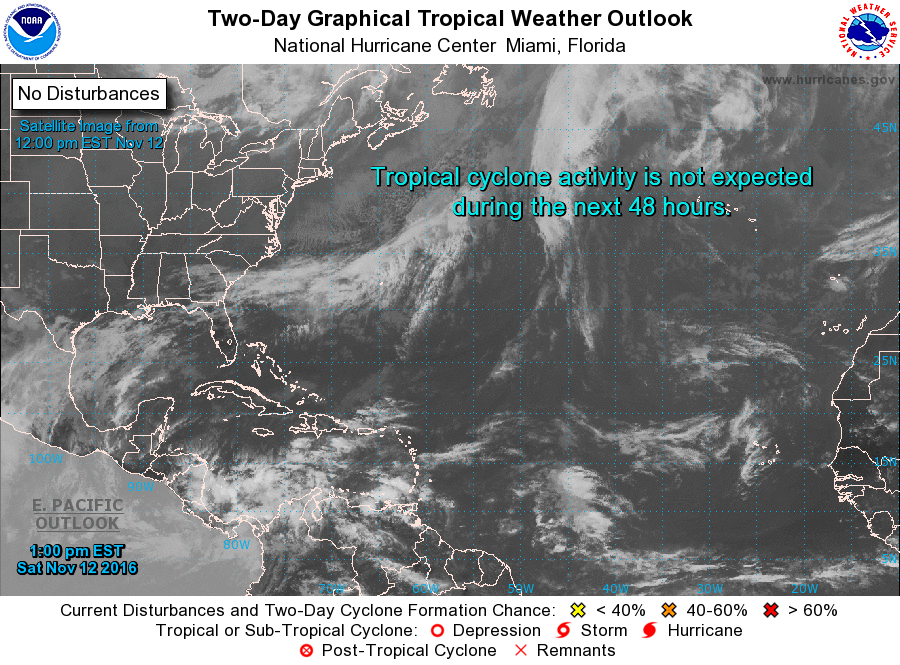
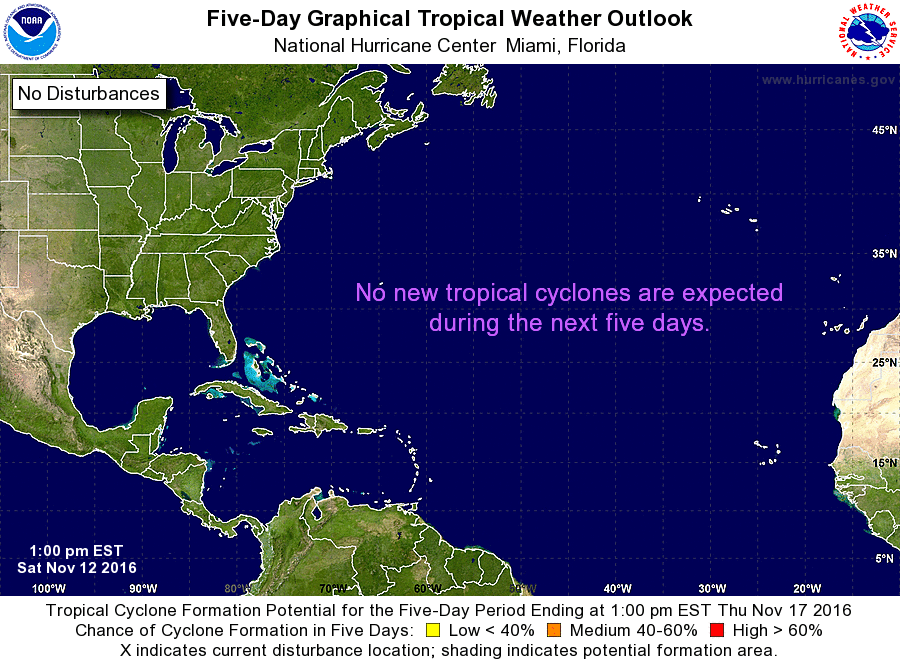
For the North Atlantic...Caribbean Sea and the Gulf of Mexico:

A broad area of low pressure is expected to form over the southwestern Caribbean Sea by early next week. Environmental conditions appear to be conducive for gradual development of this system while it drifts northward or northeastward.
* Formation chance through 48 hours...low...near 0 percent
* Formation chance through 5 days...low...30 percent

Forecaster Stewart